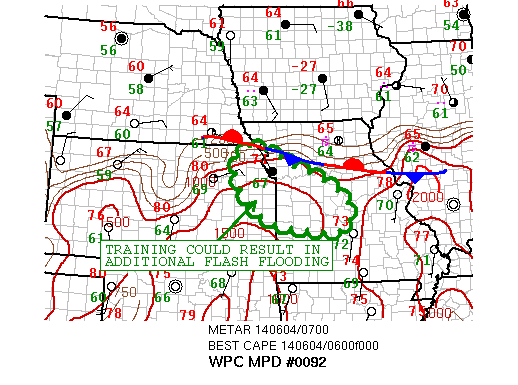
AREAS AFFECTED......NORTHEAST KS/WEST CENTRAL MO...

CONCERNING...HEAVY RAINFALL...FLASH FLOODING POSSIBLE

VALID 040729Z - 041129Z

SUMMARY...TRAINING OF CONVECTION ACROSS NORTHEAST KS AND WEST
CENTRAL MO COULD RESULT IN ADDITIONAL FLASH FLOODING THROUGH ABOUT
10Z.

DISCUSSION...EARLIER CONVECTION PRODUCED HEAVY RAIN ACROSS
NORTHEAST KS AND WEST CENTRAL MO BEFORE IT TRACKED SOUTHEAST OF
THE REGION. INSTABILITY RIDING ON THE NOSE OF A 45 TO 55 KNOT LOW
LEVEL JET WILL FEED ADDITIONAL CONVECTIVE DEVELOPMENT OVER THESE
SAME AREAS FOR THE NEXT COUPLE OF HOURS. THE NEXT ROUND OF HEAVY
RAIN COULD RESULT IN RENEWED FLASH FLOODING. INCREASING CONVECTIVE
INHIBITION SHOULD RESULT IN WEAKENING ACTIVITY AND A LESSER THREAT
OF FLOODING CLOSE TO 10Z.

AN ADDITIONAL 1 TO 3 INCHES OF RAIN IS POSSIBLE OVER THE REGION.
THE ADDITIONAL RAINFALL COULD PRODUCE FLASH FLOODING.